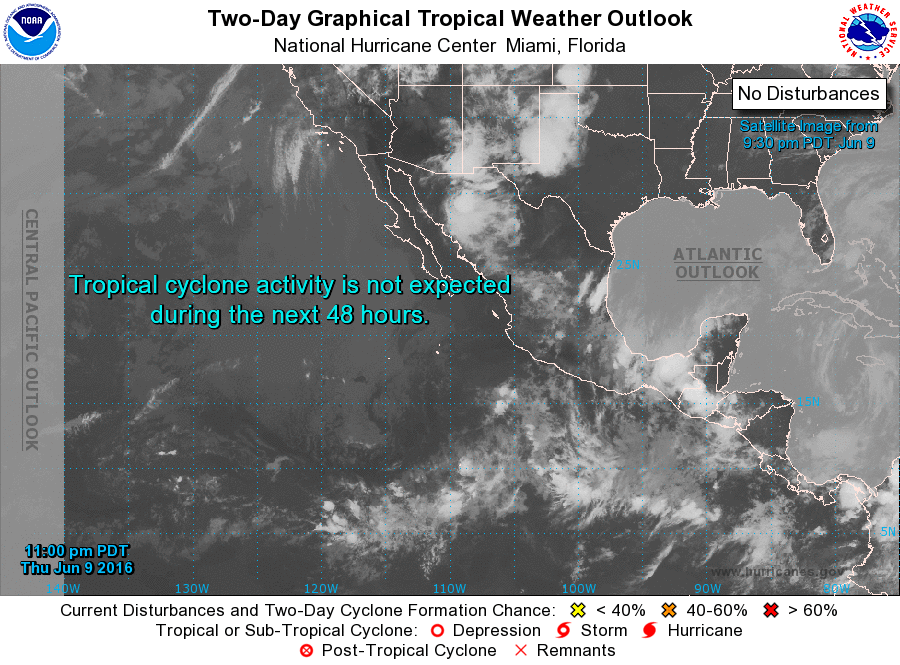
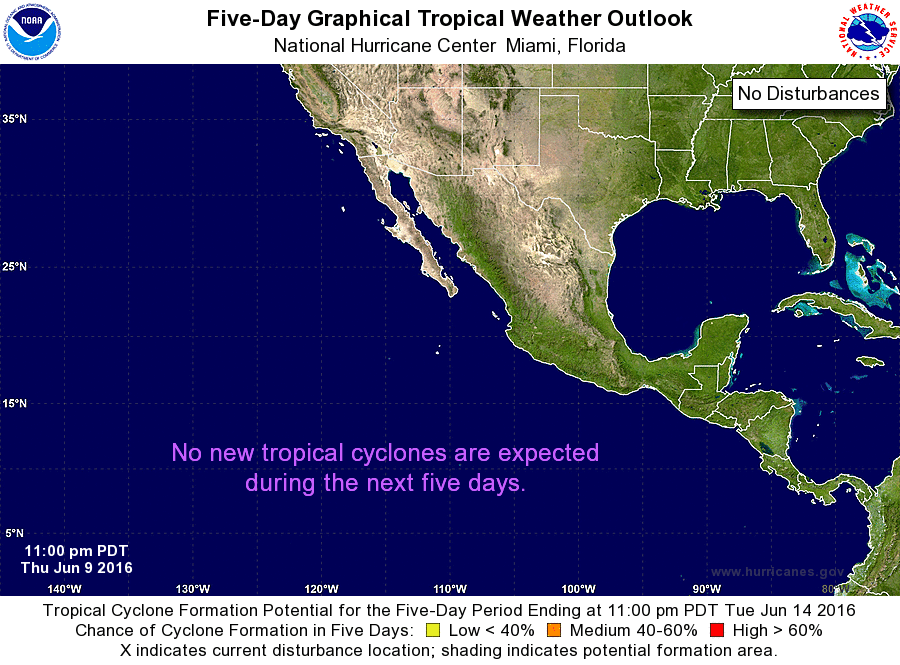
For the eastern North Pacific...east of 140 degrees west longitude:

Tropical cyclone formation is not expected during the next 5 days.

Forecaster Brennan